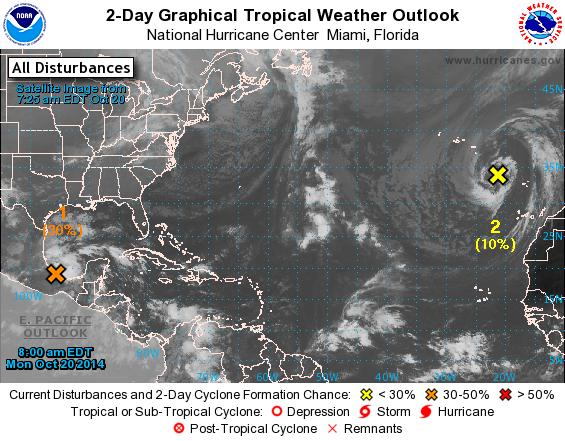
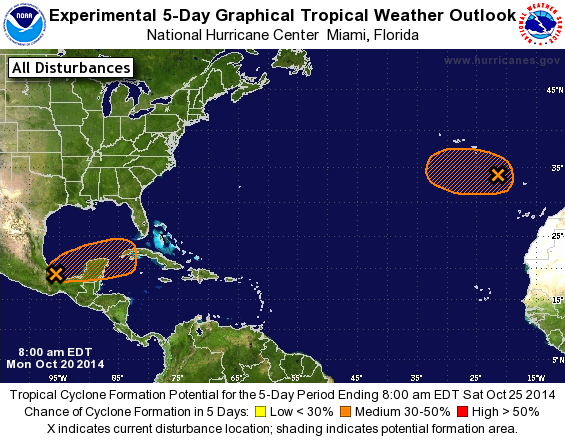
For the North Atlantic...Caribbean Sea and the Gulf of Mexico:

1. An area of low pressure located over the extreme southwestern Bay of Campeche continues to produce showers and thunderstorms. This system has some potential to become a tropical cyclone during the next two to three days while it moves slowly eastward to east-northeastward, before it interacts and possibly merges with a frontal system towards the end of the week.
* Formation chance through 48 hours...medium...30 percent.
* Formation chance through 5 days...medium...40 percent.

2. A large non-tropical low is located over the far eastern Atlantic Ocean a few hundred miles southeast of the Azores. This system is producing gale-force winds and could gradually acquire some subtropical characteristics during the next few days while it moves slowly westward over relatively warm waters. Additional information on this system can be found in High Seas Forecasts issued by Meteo France.
* Formation chance through 48 hours...low...10 percent.
* Formation chance through 5 days...medium...30 percent.

High Seas Forecasts issued by Meteo France can be found under WMO header FQNT50 LFPW.

Forecaster Stewart